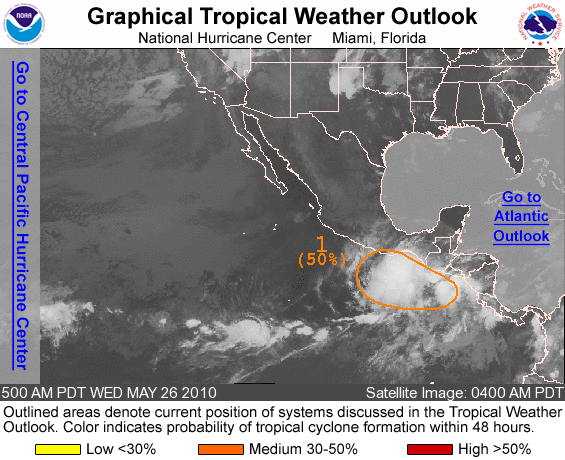
FOR THE EASTERN NORTH PACIFIC...EAST OF 140 DEGREES WEST LONGITUDE..

1. A LARGE AREA OF DISTURBED WEATHER CONTINUES SOUTH OF CENTRAL AMERICA AND EASTERN MEXICO. SATELLITE IMAGES THIS MORNING INDICATE THAT THE ACTIVITY HAS BECOME MORE CONCENTRATED ABOUT 175 MILES SOUTH OF THE GULF OF TEHUANTEPEC. ENVIRONMENTAL CONDITIONS APPEAR TO BE FAVORABLE FOR ADDITIONAL DEVELOPMENT...AND A TROPICAL DEPRESSION COULD FORM DURING THE NEXT DAY OR TWO AS THE SYSTEM DRIFTS TOWARD THE NORTHWEST. REGARDLESS OF DEVELOPMENT...THIS SYSTEM HAS THE POTENTIAL TO PRODUCE LOCALLY HEAVY RAINS AND FLOODING OVER PORTIONS OF CENTRAL AMERICA DURING THE NEXT FEW DAYS. THERE IS A MEDIUM CHANCE...50 PERCENT...OF THIS SYSTEM BECOMING A TROPICAL CYCLONE DURING THE NEXT 48 HOURS.

ELSEWHERE...TROPICAL CYCLONE FORMATION IS NOT EXPECTED DURING THE NEXT 48 HOURS.

FORECASTER CANGIALOSI/PASCH